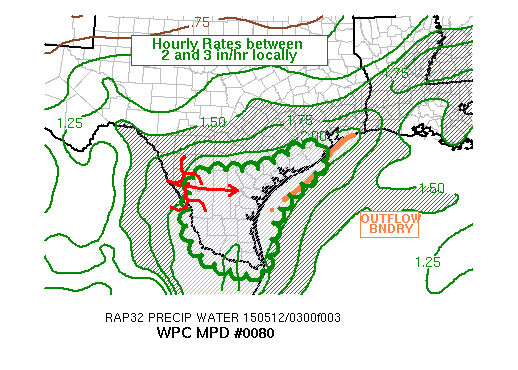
AREAS AFFECTED...SOUTH TEXAS TOWARD UPPER TEXAS COAST

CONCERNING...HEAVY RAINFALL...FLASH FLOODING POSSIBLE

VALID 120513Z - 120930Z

SUMMARY...DEEP MOISTURE AND SLOW MOVING CELLS WILL CONTINUE TO
PROMOTE LOCALIZED RAINFALL RATES OF 2-3 IN/HR THROUGH 09Z. THE
FLASH FLOOD THREAT APPEARS GREATEST ACROSS DEEP SOUTH TEXAS AND
JUST INLAND OF THE THE CNTRL TEXAS COAST.

DISCUSSION...RECENT RADAR IMAGERY CONTINUES TO SHOW LOOSELY
ORGANIZED POCKETS OF VERY HEAVY RAINFALL ACROSS PORTIONS OF SOUTH
TEXAS. AT 05Z...A COUPLE OF EMBEDDED MESOSCALE VORTICES WERE
OBSERVED IN AN EWD MOVING...POORLY ORGANIZED LINE OF CONVECTION
MOVING THROUGH LA SALLE AND WEBB COUNTIES. IR SATELLITE IMAGERY
APPEARS TO SHOW THIS AS THE LAST OF CONVECTION MOVING OFF OF THE
SIERRA MADRE OF MEXICO WITH CLEARING TO THE WEST. FARTHER
SOUTH...A SLOW MOVING LINE OF HEAVY RAINFALL WITH DUAL POL
ESTIMATED RAINFALL RATES OF 2-3 IN/HR STRADDLED THE RIO GRANDE
INTO STARR AND HIDALGO COUNTIES. LASTLY...ALONG THE CNTRL TO UPPER
TEXAS COAST...THE HEAVIEST RAINFALL WAS EMBEDDED IN CONVECTION
JUST OFFSHORE OF MATAGORDA AND BRAZORIA COUNTIES NEAR AN REMNANT
OUTFLOW BOUNDARY. INDIVIDUAL CELL MOTIONS ARE SOMEWHAT
CHAOTIC...BUT GENERALLY MOVING NORTH TO EAST AT AROUND 10
KTS...WHILE 850-700 MB FLOW FROM THE SOUTHEAST IS PRESENT FROM
SOUTH TEXAS INTO THE WRN GULF OF MEXICO...FAVORING SEWD
PROPAGATION AND BRIEF PERIODS OF TRAINING RAINS.

GIVEN PRECIPITABLE WATER VALUES ARE ABOVE 2 INCHES PER 00Z CRP/BRO
RAOBS...AND PERHAPS AS HIGH AS RECENT GPS SITE PW OF 2.40 INCHES
AT CRP AT 03Z...DEEP TROPOSPHERIC MOISTURE IS PRESENT AND NOT
GOING ANYWHERE ANYTIME SOON. POTENTIAL BACK EDGE OF HEAVY RAIN
MOVING THROUGH WEBB AND LA SALLE COUNTIES SHOULD CONTINUE TO MOVE
EAST...WHILE POTENTIAL FOR AN ADDITIONAL 3-5 INCHES EXISTS ACROSS
DEEP SOUTH TEXAS AND IN THE VICINITY OF THE AFOREMENTIONED OUTFLOW
BOUNDARY ALONG THE CNTRL TEXAS COAST.

ADDITIONAL FLASH FLOODING IS POSSIBLE...BUT DOES NOT APPEAR TO BE
A WIDESPREAD THREAT. THERE IS A SOLID CONSENSUS IN THE LATEST
HI-RES MODELS SHOWING THIS EVOLUTION WHICH ALLOWS FOR MODERATE
CONFIDENCE.